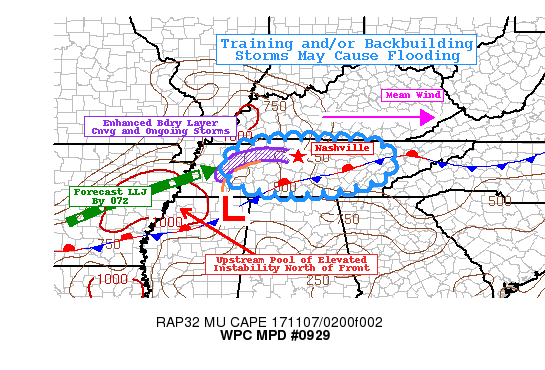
AREAS AFFECTED...MIDDLE AND EASTERN TENNESSEE

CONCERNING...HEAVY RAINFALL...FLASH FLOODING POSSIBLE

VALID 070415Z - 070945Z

SUMMARY...ONE OR TWO BANDS OF HEAVY RAIN AND THUNDERSTORMS
ORIENTED IN A WEST-TO-EAST FASHION MAY MOVE IN THE SAME
DIRECTION...REPEATEDLY AFFECTING SIMILAR AREAS AND POTENTIALLY
LEADING TO LOCALIZED HEAVY RAINFALL AND FLASH FLOODING. THIS SEEMS
MOST LIKELY ACROSS PORTIONS OF MIDDLE TENNESSEE WITH RAIN RATES
PEAKING AS HIGH AS 1-2 IN/HR.

DISCUSSION...REGIONAL RADARS AND IR SATELLITE IMAGERY SHOW A BAND
OF CONVECTION VERY NEAR THE I-40 CORRIDOR IN WEST-CENTRAL
TENNESSEE AS OF 04Z. THIS CONVECTION WAS FORMING IN A REGION OF
ENHANCED CONVERGENCE IN THE LOWEST 1KM AGL...VERY NEAR A SUBTLE
SURFACE TROUGH. THE CONVECTIVE BAND WAS ORIENTED ROUGHLY PARALLEL
TO THE MEAN FLOW...OR APPROXIMATELY WEST-TO-EAST...AND THUS WAS
ALREADY IN A FAVORABLE CONFIGURATION FOR CELL TRAINING. THE
MESOSCALE ENVIRONMENT ALSO FAVORS SOME BACKBUILDING...WITH MOIST
AND UNSTABLE INFLOW UPSTREAM (IN W TN AND AR) VEERING WITH TIME
AND BECOMING INCREASINGLY ALIGNED WITH THE MEAN WIND. THE VEERING
WINDS ARE CONFIRMED BY TRENDS ON THE TMEM AND KNQA RADAR VERTICAL
WIND PROFILES. NEW CELL GROWTH WOULD BE FAVORED ON THE UPSHEAR
FLANK OF THE CONVECTIVE BAND TOWARD THE MORE UNSTABLE AIR...AND
THE ALIGNMENT OF THE LOW-LEVEL FLOW WITH THE DEEPER LAYER MEAN
FLOW SHOULD ALLOW THE NEW CELL GROWTH TO OCCUR IN FAVORABLE
POSITIONS FOR CONTINUED TRAINING.

EXTRAPOLATION OF RADAR TRENDS OF THE CONVECTIVE BAND AS OF 04Z
(STRETCHING FROM THE SOUTHWEST SIDE OF NASHVILLE METRO TO WAVERLY
TN) SUGGESTS THAT HEAVY RAIN WITH THIS BAND COULD LAST BETWEEN 60
AND 90 MINUTES AT SOME LOCATIONS. AND RECENT IR SATELLITE TRENDS
SUGGEST BACKBUILDING MAY BE OCCURRING WITH A SEPARATE CLUSTER OF
COOLING CLOUD TOPS AND A FEW LIGHTNING STRIKES JUST TO THE WEST.
MRMS RAINFALL ESTIMATES THUS FAR HAVE PEAKED AROUND 1.5 IN/HR. IF
THESE WERE TO LAST FOR A COUPLE HOURS IN CERTAIN LOCATIONS...FLASH
FLOODING WOULD BE POSSIBLE. AND EVEN HOURLY RATES AROUND 1.5 IN/HR
COULD POTENTIALLY PRODUCE FLASH FLOODING IN LARGER URBAN AREAS
SUCH AS NASHVILLE. HI-RES MODEL GUIDANCE DOES NOT SEEM TO HAVE A
GOOD HANDLE ON THE PLACEMENT OF HEAVIEST RAINFALL OVERNIGHT...WITH
MOST MODELS DISPLACED NORTH INTO KENTUCKY. HOWEVER...SOME OF THE
HI-RES RUNS HAVE SHOWN ISOLATED RAIN TOTALS CLOSE TO 3
INCHES...WHICH WOULD BE CLOSE TO 6HR FFG VALUES ACROSS MOST OF THE
REGION. THESE SEEM TO BE REASONABLE VALUES...BUT THE HEAVIEST RAIN
BAND IN THE HI-RES MODELS SHOULD BE SHIFTED TO THE SOUTH (AND
PERHAPS A BIT FURTHER WEST CLOSER TO THE BETTER
INSTABILITY)...ROUGHLY INTO THE I-40 CORRIDOR IN MIDDLE TENNESSEE.